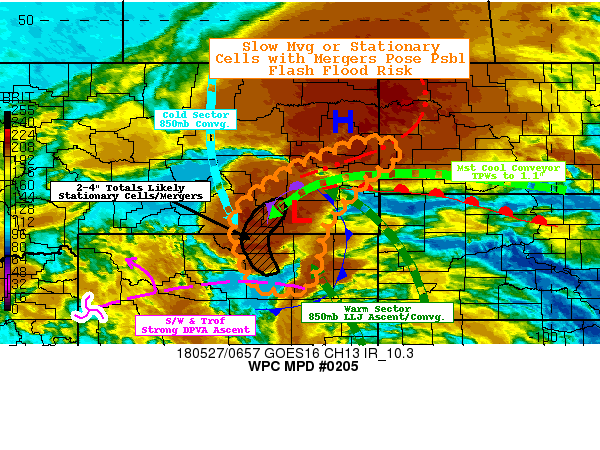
AREAS AFFECTED...NORTHEAST WY...SOUTHEAST MT

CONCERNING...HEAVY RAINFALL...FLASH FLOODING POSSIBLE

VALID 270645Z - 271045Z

SUMMARY...STATIONARY CONVECTION EAST OF THE BIG HORNS WITH MERGERS
POSE FLASH FLOODING RISK...WITH 2-4" TOTALS POSSIBLE OVER NEXT
3-4HRS.

DISCUSSION...SURFACE ANALYSIS SHOWS SURGING COLD FRONT ACROSS NE
WY WHILE ANGLING WITH SOUTHERLY FLOW IN SD AND EASTERLY FLOW
ACROSS SW ND AHEAD OF OUTFLOW FROM LARGE MCS IN EASTERN MT MOVING
INTO W CENTRAL ND ATTM...WHILE NOT ABLE TO CONFIRM WITH
OBSERVATIONS IT IS ALLUDED A SURFACE LOW WITH AN EFFECTIVE
OCCLUDED FRONT EXISTS OVER SE MT.  GOES-16 CONUS IR AND SWIR
SUGGEST THAT STRONG INFLOW IN THE TROWAL NEAR THE SURFACE LOW LEAD
TO STRONG CONVECTIVE INITIATION THAT GIVEN THE LIMITED MID-LEVEL
FLOW BANKED UP AGAINST THE BIG HORNS HAS LEAD TO A LOCALIZED AREA
OF LIMITED FLOW AND AS SUCH CONVECTION HAS BEEN FAIRLY STATIONARY
ESPECIALLY OVER SHERIDAN TO N JOHNSON COUNTY. WHILE MID-LEVEL
SOUNDINGS SUGGEST A FAIRLY DRY ENVIRONMENT...STRONG MST
FLUX/CONVERGENCE AND STATIONARY MOTIONS LIKELY HAVE MOISTENED THE
ENVIRONMENT TO ALLOW FOR MORE EFFICIENT RAINFALL PRODUCTION.  TPWS
ALONG THE TROWAL REGION OF SE MT ARE SUGGESTED AT .9" TO 1.1" AND
LIKELY TO SUPPORT HOURLY RATES OF 1.25".  RECENT SATELLITE IMAGERY
SUPPORTED BY RADAR ALSO SHOWS UPSTREAM REDEVELOPMENT WITH SOME
POTENTIAL OF MERGING CELLS ACROSS S ROSEBUD INTO POWDER RIVER
COUNTY AND BACKBUILDING OVER SHERIDAN TO JOHNSON.  HI-RES CAMS ARE
NOT HANDLING THIS SITUATION/EVOLUTION...BEING SOLELY FOCUSED ON
THE COMPLEX/OUTFLOW TO THE NORTH OR MUCH TOO SLOW WITH THE
DPVA/LOW LEVEL MOISTURE CONVERGENCE.  STILL STRONG ASCENT IS
EXPECTED FOR AT LEAST AN ADDITIONAL HOUR OR TWO...SUGGESTING
STATIONARY CELLS MAY PRODUCE 2-4" TOTALS LOCALLY.

ADDITIONALLY...STRONG OUTFLOW/CAA REINFORCEMENT FROM CANADA AND
THE MCS HAS LEAD TO VERY HIGH CONVERGENCE VALUES WHERE CELLS ARE
DEVELOPING SW ALONG THE FLANKING LINE WITH A GOOD LIKELIHOOD OF
CONNECTING UP TO THE AFOREMENTIONED CONVECTIVE COMPLEX OVER NE
WY/SE MT.  GIVEN THE SURFACE LOW AND WEAKER WINDS BETWEEN THE
MCS/OUTFLOW AND THE SURGING COLD FRONT SOUTH OF THE BIG HORN
RANGE...FLOW IS SLOWER/WEAKER TO ALLOW FOR CONVECTION TO PROGRESS
SLOWER AND BUILD UP RAINFALL TOTALS THAT ARE LIKELY TO NEAR 3HR
FFG IF THE 1HR LOWER FFG VALUES ARE NOT EXCEEDED.